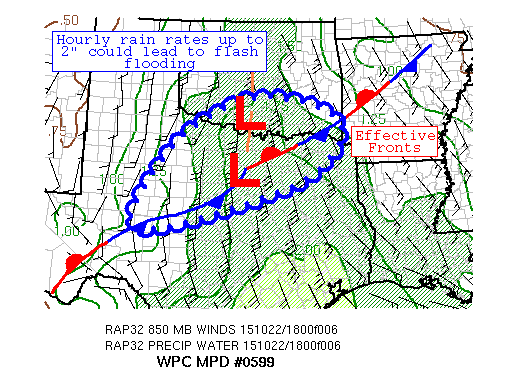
AREAS AFFECTED...PORTIONS OF NORTHERN TX & SOUTHERN OK

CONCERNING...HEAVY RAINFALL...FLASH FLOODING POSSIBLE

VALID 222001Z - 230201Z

SUMMARY...CONVECTION SHOULD SHOW SOME INCREASE IN COVERAGE AND
ORGANIZATION OVER THE NEXT SEVERAL HOURS.  HOURLY RAIN RATES UP TO
2" COULD LEAD TO FLASH FLOODING, PARTICULARLY WITHIN URBAN AREAS.

DISCUSSION...A THERMAL GRADIENT STRETCHES FROM THE TX BIG BEND
THROUGH THE NORTHERN DALLAS/FORT WORTH METROPOLITAN AREA INTO
SOUTHEAST OK.  CIN IS ERODING IN ITS VICINITY BASED ON RECENT SPC
MESOANALYSES.  INFLOW AT 850 HPA INTO/OVER THE BOUNDARY IS 25-40
KTS PER VAD WIND PROFILES, NEAR THE MAGNITUDE OF THE MEAN 850-400
HPA WIND BUT AT A 50 DEGREE ANGLE. PRECIPITABLE WATER VALUES OF
1.5-1.75" LIE ACROSS THE REGION PER GPS INFORMATION, 2-3 SIGMAS
ABOVE THE MEAN FOR LATE OCTOBER.  WHILE CELL MOTION HAS BEEN
NORTH-NORTHEAST AT ~ 35 KTS, THE HEAVY RAIN CORE ALONG THE RED
RIVER HAS BEEN MOVING EAST-NORTHEAST AT ~ 30 KTS, ALONG THE LINES
OF THE FORWARD PROPAGATING CONVECTIVE VECTORS AND PARALLEL TO
1000-500 HPA THICKNESS LINES, LIKELY DUE TO DIRECTIONAL WIND
SHEAR.  MLCAPES OF 500-1000 J/KG EXIST SOUTH OF THE BOUNDARY
ACROSS CENTRAL TX.

RECENT NEW DEVELOPMENT ACROSS NORTH-CENTRAL TX IS EXPECTED TO
INCREASE IN COVERAGE AND INTENSITY OVER THE NEXT SEVERAL HOURS.
INFLOW AT 850 HPA IS EXPECTED TO INCREASE FROM DALLAS EASTWARD
AFTER ~22Z, WHICH SHOULD ALLOW FOR SOME MAINTENANCE/POSSIBLE
BACKBUILDING NEAR/OVER THE SURFACE BOUNDARY, WHICH SHOULD SAG
SLOWLY SOUTH AND EASTWARD.  THE CAM GUIDANCE ADVERTISES LOCAL
AMOUNTS OF 2-4" WITHIN THIS AREA, WHICH COULD FALL QUICKLY.
AVAILABLE MOISTURE SUPPORTS HOURLY RAIN RATES UP TO 2".  THE 12Z
WRF4NSSL APPEARS TO BE CAPTURING THE AREA OF HEAVY RAINFALL THE
BEST, WHEN COMPARED TO THE OTHER CAM GUIDANCE.  HOWEVER, SOILS
ACROSS NORTHEAST TX ARE DRY AS THE AREA HAS SEEN LITTLE RAINFALL
SINCE THE DEPARTURE OF T.D. BILL ON JUNE 18 -- AROUND 4" HAS
FALLEN DURING THE PAST 120 DAYS PER SOUTHERN REGIONAL
PRECIPITATION ESTIMATES.  FOR THE MOST PART, THE AREA IS DEALING
WITH A LONGER DURATION RAIN EVENT.  HOWEVER, THE RAIN RATES
EXPECTED WOULD CAUSE URBAN ISSUES IN THE DALLAS/FORT WORTH
METROPOLITAN AREA.  FLASH FLOODING IS CONSIDERED POSSIBLE,
PARTICULARLY WITHIN URBAN AREAS.